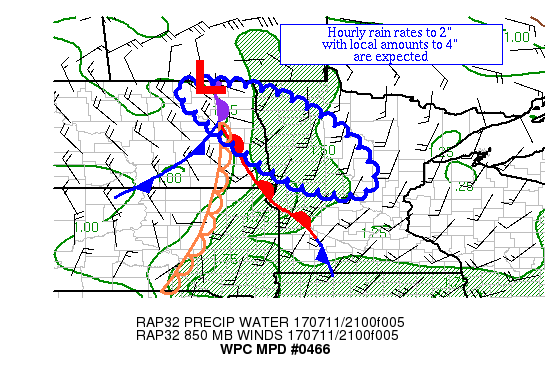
AREAS AFFECTED...NORTHEAST ND & NORTHWEST/CENTRAL MN

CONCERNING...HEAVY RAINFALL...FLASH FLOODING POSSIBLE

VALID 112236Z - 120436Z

SUMMARY...THUNDERSTORMS ARE BEGINNING TO DEVELOP ACROSS NORTHEAST
ND.  WITH THE POTENTIAL FOR MESOCYCLONES, HOURLY RAIN RATES UP TO
2" AND LOCAL AMOUNTS TO 4" ARE ANTICIPATED.

DISCUSSION...THE 22Z SURFACE ANALYSIS SHOWS AN OCCLUDED CYCLONE
WITH A 1003 HPA CENTRAL PRESSURE NORTH OF LANGDON ND.
THUNDERSTORMS HAVE BEGUN TO FORM FROM THE LOW SOUTHEAST TO JUST
NEAR THE CYCLONE'S TRIPLE POINT, WHICH IS ALSO NEAR WHERE THE
DRYLINE INTERSECTS THE FRONTAL BOUNDARIES.  MLCAPE VALUES OF 4000+
J/KG LIE IN THIS REGION.  EFFECTIVE BULK SHEAR OF 25-50 KTS LIES
HERE PER SPC MESOANALYSES.  PRECIPITABLE WATER VALUES WERE
1.4-1.6" AT 14Z PER GPS VALUES AND THE XWI SOUNDING JUST NORTH OF
THE ND/MN/MANITOBA BORDER JUNCTION.  VAD WIND PROFILES SHOW
CONVERGENT SOUTHWEST 850 HPA INFLOW AT 20 KTS.

THE EXPECTATION IS FOR BOUNDARY LAYER MOISTURE CONVERGENCE TO
STRENGTHEN SOUTHEAST OF THESE THUNDERSTORMS NEAR AND NORTHEAST OF
THE WARM FRONT WHICH SHOULD ACT AS THE FOCUS FOR ADDITIONAL
CONVECTION.  WHILE CONVECTION COULD REMAIN ELEVATED, AVAILABLE
INSTABILITY SHOULD KEEP SUCH ELEVATION MINIMAL TO THE EAST OF THE
WARM FRONT.  WITH TIME, INFLOW AT 850 HPA SHOULD EXCEED THE MEAN
850-400 HPA BY UP TO 50%, WHICH SHOULD AID RAINFALL EFFICIENCY.
THE 20Z RAP BOUNDARY LAYER MOISTURE CONVERGENCE ROUGHLY ALIGNS
WITH THE 12Z-18Z GFS-BASED GALVEZ-DAVISON INSTABILITY INDEX
MAXIMUM AND IS IN THE NEIGHBORHOOD OF THE 12Z WRF NSSL
PRECIPITATION FORECAST, SHOWING A NORTHWEST-SOUTHEAST AXIS ACROSS
NORTH-CENTRAL MN NEAR AND SOUTHEAST OF THE MN LAKES COUNTRY.  THE
BULK SHEAR AVAILABLE SUPPORTS MESOCYCLONES, WHICH CAN YIELD HIGH
RAIN RATES.  THUNDERSTORMS SHOULD EVENTUALLY MOVE SOUTHEAST AT
CLOSE TO 30 KTS, WITHIN THE MLCAPE/MUCAPE INSTABILITY GRADIENT.
HOURLY RAIN RATES UP TO 2", WITH LOCAL AMOUNTS TO 4", ARE
EXPECTED.